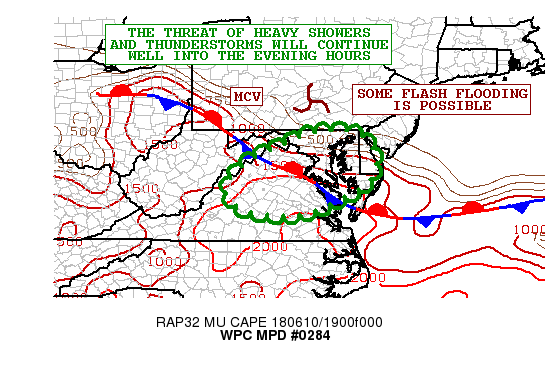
AREAS AFFECTED...CENTRAL/NORTHERN VA...D.C...MD...DE

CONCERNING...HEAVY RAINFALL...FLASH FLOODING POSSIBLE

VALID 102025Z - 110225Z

SUMMARY...SHOWERS AND THUNDERSTORMS WILL TEND TO BECOME A BIT MORE
WIDESPREAD OVER THE NEXT FEW HOURS. SOME FLASH FLOODING IS
POSSIBLE GIVEN THE HEAVY RAINFALL RATES AND WET ANTECEDENT
CONDITIONS.

DISCUSSION...RADAR IMAGERY SHOWS AN EXPANSIVE AREA OF MODERATE TO
LOCALLY HEAVY RAIN ACROSS CENTRAL AND SOUTHEAST PA...WITH AN AXIS
OF SCATTERED THUNDERSTORMS FARTHER SOUTH FROM NORTHEAST MD
SOUTHWEST DOWN ACROSS CENTRAL AND WESTERN VA.

A REMNANT MCV IS ADVANCING EAST ACROSS CENTRAL PA...AND SO FAR THE
BETTER FORCING HAS BEEN FOCUSED NORTH OF THE MAIN POOL OF
INSTABILITY OVER THE MID-ATLANTIC WHICH IS MOST DOMINANT DOWN NEAR
A QUASI-STATIONARY FRONTAL ZONE DRAPED OVER THE CENTRAL
APPALACHIANS AND DOWN ACROSS CENTRAL TO SOUTHEAST VA.

HOWEVER...OVER THE NEXT COUPLE OF HOURS...THERE MAY BE A BIT
BETTER JUXTAPOSITIONING OF THE INSTABILITY WITH MORE FAVORABLE
FORCING ALOFT. THERE SHOULD BE AT LEAST SOME MODEST RIGHT-ENTRANCE
REGION JET DYNAMICS SETTLING SOUTH ACROSS THE MID-ATLANTIC REGION
COURTESY OF AN UPPER JET AND ASSOCIATED TROUGH CUTTING ACROSS NEW
ENGLAND LATE THIS AFTERNOON AND EVENING. THIS COUPLED WITH A
GRADUAL POOLING OF MORE FAVORABLE...ALBEIT MODEST...INSTABILITY
FARTHER NORTH TOWARD THE NORTHERN VA/CENTRAL MD AREA AND ADJACENT
D.C. AND BALTIMORE METRO AREAS AND IN VICINITY OF THE FRONT WILL
RESULT IN SOMEWHAT MORE WIDESPREAD CONVECTIVE POTENTIAL.

PWATS ACROSS THE REGION ARE QUITE HIGH AT 1.7 TO 1.8 INCHES WHICH
WILL CONTRIBUTE TO HIGHLY EFFICIENT RAINFALL PRODUCERS AND INTENSE
RAINFALL RATES. KSHD JUST LAST HOUR ALONE REPORTED 2.22 INCHES OF
RAIN FROM A THUNDERSTORM...AND THESE EFFICIENT RATES CAN BE
EXPECTED THROUGH THE EVENING.

THE MODEL SIGNAL IS SOMEWHAT NEBULOUS AS TO WHERE EXACTLY THE
HEAVIEST RAINFALL POTENTIAL WILL SET UP...BUT THE LATEST THINKING
IS THAT AREAS NEAR THE FRONT WILL HAVE THE GREATEST POTENTIAL
GIVEN THIS IS WHERE THE BEST INSTABILITY GRADIENT IS RELATIVE TO
WHERE THE BETTER FORCING IS ALOFT.

EXPECT LOCALLY AS MUCH AS 2 TO 4 INCHES OF RAIN THROUGH
MID-EVENING WHERE THE STRONGER CONVECTIVE CORES SET-UP OR
CONCENTRATE. GIVEN THE ENHANCED SHORT-TERM RAINFALL RATES AND WET
ANTECEDENT CONDITIONS...SOME FLASH FLOODING IS POSSIBLE.